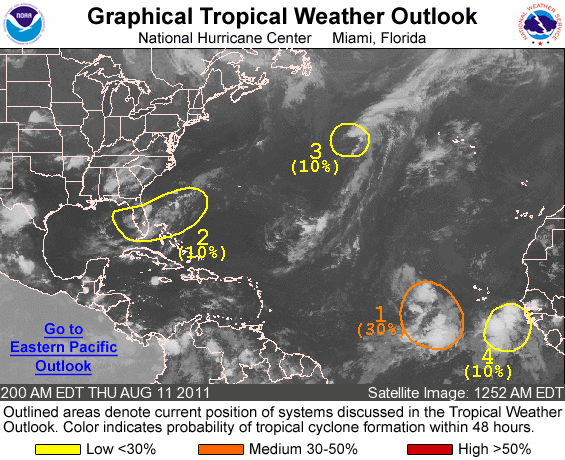
FOR THE NORTH ATLANTIC...CARIBBEAN SEA AND THE GULF OF MEXICO...

1. A LARGE AREA OF DISTURBED WEATHER IS ASSOCIATED WITH A TROPICAL WAVE AND A BROAD AREA OF LOW PRESSURE CENTERED ABOUT 550 MILES WEST OF THE SOUTHERN CAPE VERDE ISLANDS. THIS SYSTEM HAS CHANGED LITTLE IN ORGANIZATION DURING THE PAST SEVERAL HOURS. HOWEVER... ENVIRONMENTAL CONDITIONS APPEAR FAVORABLE FOR GRADUAL DEVELOPMENT OVER THE NEXT SEVERAL DAYS. THIS SYSTEM HAS A MEDIUM CHANCE... 30 PERCENT...OF BECOMING A TROPICAL CYCLONE DURING THE NEXT 48 HOURS AS IT MOVES WESTWARD AT 10 TO 15 MPH.

2. DISORGANIZED SHOWERS AND THUNDERSTORMS EXTENDING FROM THE EASTERN GULF OF MEXICO ACROSS THE FLORIDA PENINSULA INTO THE ATLANTIC FOR SEVERAL HUNDRED MILES ARE ASSOCIATED WITH A BROAD TROUGH OF LOW PRESSURE. ANY DEVELOPMENT OF THIS SYSTEM WILL BE SLOW TO OCCUR AS IT MOVES EASTWARD AND THEN NORTHEASTWARD AT AROUND 15 MPH. THIS SYSTEM HAS A LOW CHANCE...10 PERCENT...OF BECOMING A TROPICAL CYCLONE DURING THE NEXT 48 HOURS.

3. THE REMNANTS OF EMILY ARE LOCATED ABOUT 630 MILES SOUTH-SOUTHEAST OF CAPE RACE NEWFOUNDLAND...MOVING TOWARD THE NORTHEAST AT ABOUT 10 MPH. THE ASSOCIATED SHOWER ACTIVITY CONTINUES TO SHOW SHOWS SOME SIGNS OF ORGANIZATION. HOWEVER...ENVIRONMENTAL CONDITIONS ARE NOT CONDUCIVE FOR SIGNIFICANT DEVELOPMENT AS THIS SYSTEM MOVES OVER COOLER WATERS AND BEGINS TO INTERACT WITH A FRONTAL ZONE. THIS SYSTEM HAS A LOW CHANCE...10 PERCENT...OF REGENERATING INTO A TROPICAL CYCLONE DURING THE NEXT 48 HOURS.

4. AN AREA OF DISTURBED WEATHER LOCATED ABOUT 450 MILES SOUTHEAST OF THE SOUTHERN CAPE VERDE ISLANDS IS MOVING WESTWARD AT ABOUT 15 MPH. SLOW DEVELOPMENT OF THIS SYSTEM IS POSSIBLE OVER THE NEXT COUPLE OF DAYS AND IT HAS A LOW CHANCE...10 PERCENT...OF BECOMING A TROPICAL CYCLONE DURING THE NEXT 48 HOURS.

ELSEWHERE...TROPICAL CYCLONE FORMATION IS NOT EXPECTED DURING THE NEXT 48 HOURS.

FORECASTER BEVEN